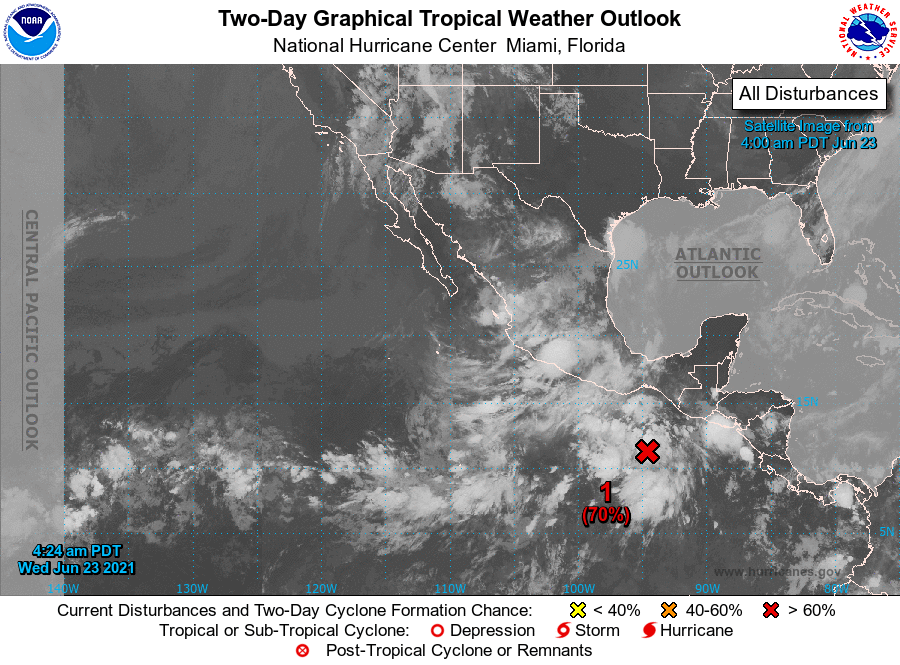
For the eastern North Pacific...east of 140 degrees west longitude:

1. Showers and thunderstorm are showing signs of organization in association with a broad area of low pressure located a few hundred miles south of the Gulf of Tehuantepec. Environmental conditions appear conducive for additional development of this system, and a tropical depression is expected to form during the next couple of days as the disturbance moves west-northwestward at about 10 mph. This system is expected to be near the coast of southern or southwestern Mexico by this weekend, and interests in those areas should monitor its progress for development, and the threat of heavy rainfall and flooding.
* Formation chance through 48 hours...high...70 percent.
* Formation chance through 5 days...high...90 percent.

Forecaster Cangialosi